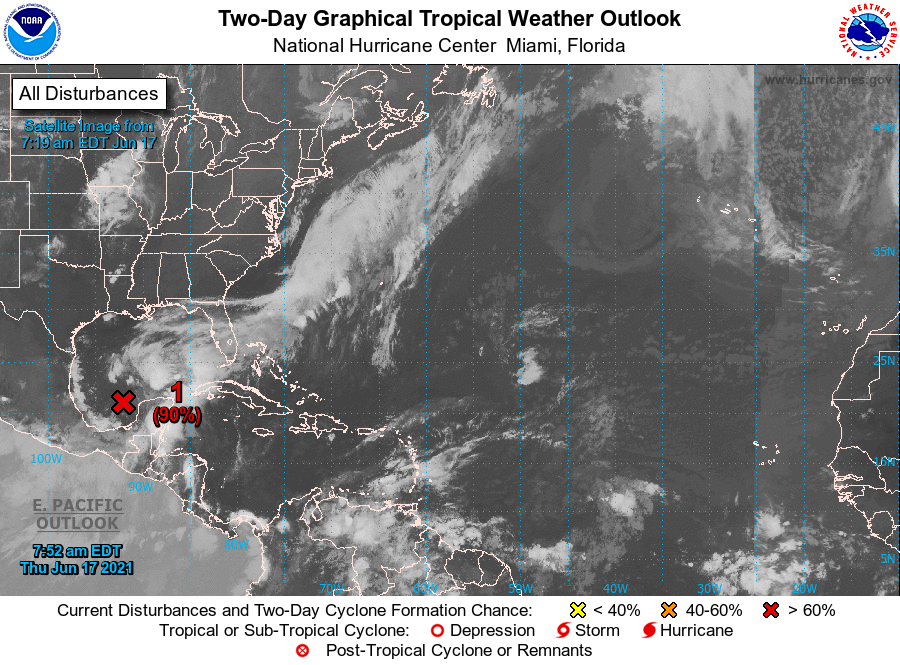
For the North Atlantic...Caribbean Sea and the Gulf of Mexico:

1. A broad area of low pressure over the southwestern Gulf of Mexico is producing widespread but disorganized cloudiness, showers, and thunderstorms. This system is expected to move northward, and a tropical or subtropical depression is likely to form over the west-central Gulf of Mexico tonight or early Friday. An Air Force Reserve Unit reconnaissance aircraft is scheduled to investigate the disturbance this afternoon, if necessary. Regardless of development, heavy rainfall will continue over portions of Central America and southern Mexico during the next few days. Heavy rains should also begin to affect portions of the northern Gulf Coast on Friday. Please consult products from your local meteorological service for more information.
* Formation chance through 48 hours...high...90 percent.
* Formation chance through 5 days...high...90 percent.

Forecaster Pasch